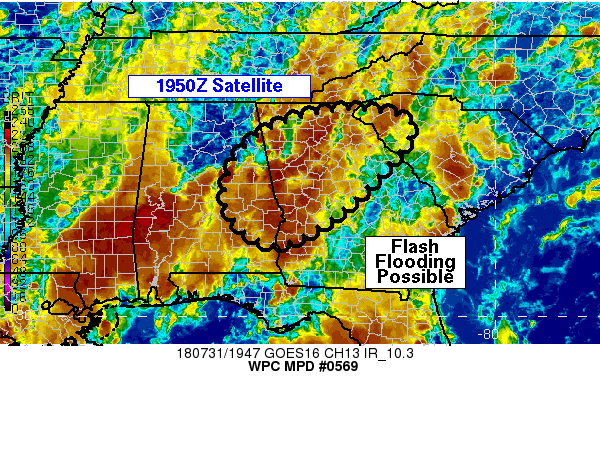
Areas affected...N/C Georgia, EC Alabama, Upstate South Carolina

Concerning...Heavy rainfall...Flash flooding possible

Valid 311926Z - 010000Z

Summary...Increasingly widespread thunderstorms will affect
northern Georgia and adjacent areas this afternoon and into the
early evening hours. Locally heavy rainfall is likely, and in some
cases this could lead to flash flooding. Rain rates up to 2-3
in/hr will be possible.

Discussion...Regional radars showed an increasing concentration of
convection centered on north Georgia, roughly along a ALX-ATL-GSP
axis. This appeared to be a combination of convection and outflows
lifting north having initiated closer to the Gulf sea breeze
earlier in the day, and convection initiating just ahead of a
stalling surface front (with more of an eastward drift). This was
leading to a confluence of convective clusters and lines in
northern Georgia; therefore, radar and satellite trends alone
suggest a concentrated area of heavy rainfall potential late this
afternoon.

RAP analysis indicates strong instability with MLCAPE values
around 2000-2500 j/kg. Even modifying RAP soundings for surface
observations in rain-cooled locations in the wake of ongoing
thunderstorms (around 72/70) yields 1500 j/kg MLCAPE with limited
CINH and only a very shallow stable layer near the surface.
Therefore, it is not surprising to see some continued convective
growth upstream from areas that have already experienced rain this
afternoon, and this may continue given the WSW flow at 925-850mb,
observed on the FFC, BMX, and HTX radar VWPs. With the potential
for backbuilding convection, localized training, and slow storm
motions, the risk of heavy rainfall should be increased. PW values
approaching 2 inches should support rain rates up to 2-3 in/hr
with the strong instability and slow and/or chaotic storm motions
and mergers. This could lead to flash flooding, particularly if
focused over an urban area.